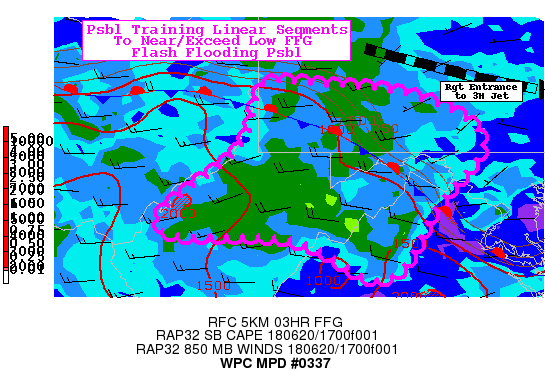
AREAS AFFECTED...SOUTHWEST PA...NORTHERN WV...WESTERN
MD...NORTHWEST VA...

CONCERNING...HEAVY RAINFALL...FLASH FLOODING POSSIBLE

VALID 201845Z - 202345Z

SUMMARY...INCREASING CONVECTIVE COVERAGE WITH TRAINING LINE
SEGMENTS OVER LOWER FFG VALUES.  FLASH FLOODING IS POSSIBLE
THROUGH EVENING HOURS.

DISCUSSION...GOES-16 VISIBLE IMAGERY SHOWS MULTIPLE LINES OF
DEVELOPING CONVECTION ACROSS SW PA AND ALONG THE OH/WV BORDER AS
WELL AS ALONG THE BLUE RIDGE RANGE IN VA.  A FRONTAL BOUNDARY
BISECTS OHIO ABOUT A THIRD OF THE WAY SOUTH TOWARD THE PIT METRO
BEFORE ANGLING SOUTH ACROSS WESTERN MD/EASTERN WV PANHANDLE INTO
THE POTOMAC RIVER VALLEY.  SHORTWAVE ENERGY ACROSS THE OHIO VALLEY
IS SUPPORTING MILD BROAD SCALE ASCENT COMBINED WITH RIGHT ENTRANCE
DYNAMICS WITH CONFLUENT JET ACROSS S PA INTO NJ ATTM.  COMBINED
WITH MODERATE BUOYANCY (1000-2000 J/KG) AND POOLED MOISTURE IN THE
RANGE OF 1.75-2" TPWS WILL SUPPORT SOLID RAINFALL EFFICIENCY WITH
RAIN RATES AOA 1.5"/HR.

CONCERN IS FOR CONVECTIVE CLUSTERS TO BECOME ORIENTED GENERALLY
WITH THE MEAN FLOW TO SUPPORT TRAINING CONVECTION AS INDIVIDUAL
CELLS ARE UNLIKELY TO HAVE THE DURATION FOR FLASH FLOODING ALONE.
STRONGEST MOISTURE CONVERGENCE AND TRAINING IS MORE LIKELY FURTHER
NORTH ACROSS N WV OR SW PA GIVEN THE ORIENTATION OF THE FRONTAL
BOUNDARY...AS WAS THE CASE EARLIER WITH INITIAL ROUND OF
CONVECTION (THAT WAS JUST A SHADE BELOW FF THRESHOLDS NEAR 1-2")
IN SOMERSET/BEDFORD PA COUNTIES.  WITH STRONGER/BROADER UPDRAFTS
THIS EVENING ANY TRAINING TO THIS DURATION WOULD BE MORE LIKELY TO
PRODUCE FLASH FLOODING.  3HR FFG VALUES ARE IN THE RANGE OF 1.5-2"
ACROSS THE MAJORITY OF THE DISCUSSION AREA...AND ISOLATED TRACKS
EXCEEDING THESE VALUES ARE POSSIBLE THROUGH 00Z WITH NUMEROUS
HI-RES GUIDANCE SUPPORTING THIS IDEA WITH NO SPECIFIC AREA
HIGHLIGHTED OVER ANOTHER WITH EXCEPTION NEAR THE FRONTAL ZONE.